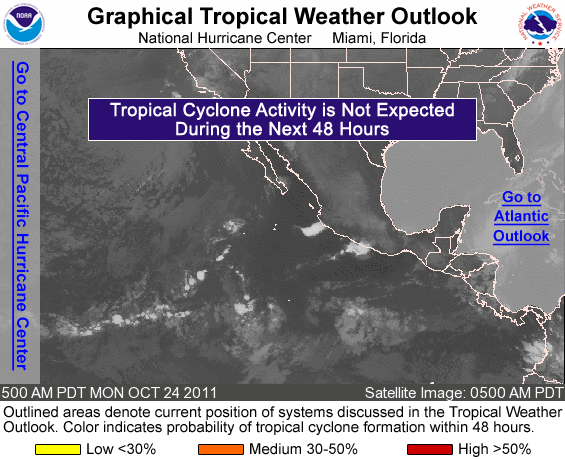
FOR THE EASTERN NORTH PACIFIC...EAST OF 140 DEGREES WEST LONGITUDE..

TROPICAL CYCLONE FORMATION IS NOT EXPECTED DURING THE NEXT 48 HOURS.

FORECASTER ROBERTS